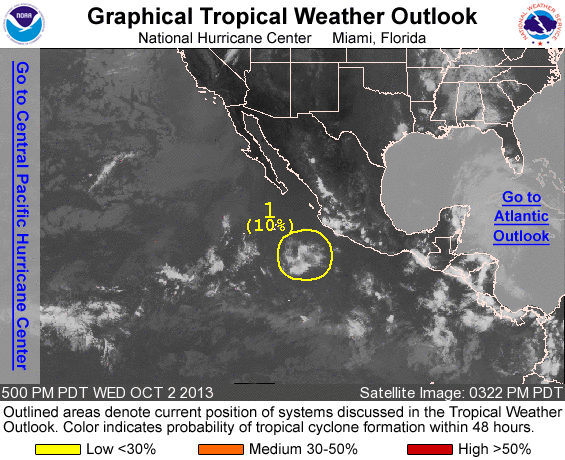
FOR THE EASTERN NORTH PACIFIC...EAST OF 140 DEGREES WEST LONGITUDE..

1. SHOWER AND THUNDERSTORM ACTIVITY REMAINS LIMITED IN ASSOCIATION WITH A BROAD AREA OF LOW PRESSURE LOCATED ABOUT 450 MILES SOUTH-SOUTHWEST OF MANZANILLO MEXICO. HOWEVER...SOME SLOW DEVELOPMENT OF THIS SYSTEM IS POSSIBLE DURING THE NEXT SEVERAL DAYS AS IT MOVES WESTWARD AT AROUND 10 MPH. THIS SYSTEM HAS A LOW CHANCE...10 PERCENT...OF BECOMING A TROPICAL CYCLONE DURING THE NEXT 48 HOURS...AND A LOW CHANCE...20 PERCENT...OF BECOMING A TROPICAL CYCLONE DURING THE NEXT 5 DAYS.

FIVE-DAY FORMATION PROBABILITIES ARE EXPERIMENTAL IN 2013. COMMENTS ON THE EXPERIMENTAL FORECASTS CAN BE PROVIDED AT...

HTTP://WWW.NWS.NOAA.GOV/SURVEY/NWS-SURVEY.PHP?CODE=ETWO

FORECASTER LANDSEA